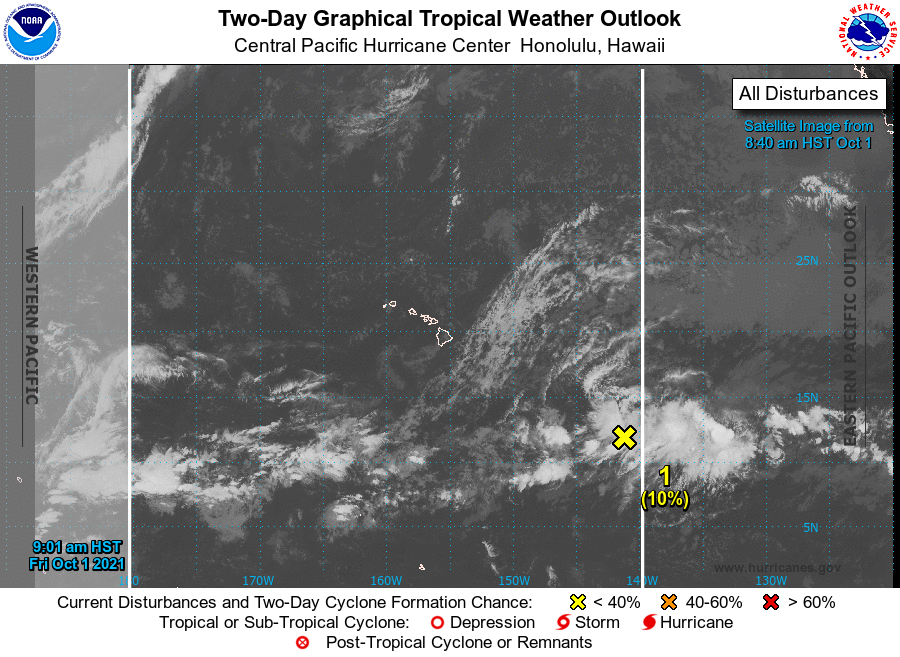
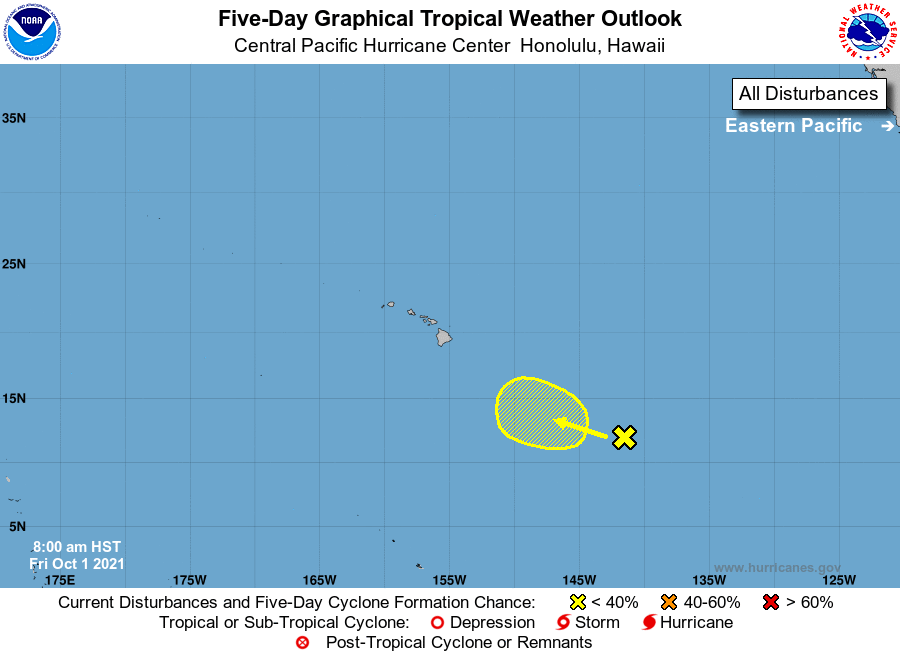
For the central North Pacific...between 140W and 180W:

1. A broad area of low pressure located about 1,100 miles southeast of Hilo, Hawaii is producing disorganized showers and thunderstorms. Environmental conditions are somewhat conducive for slow development during the next several days.
* Formation chance through 48 hours...low...10 percent.
* Formation chance through 5 days...low...20 percent.

Elsewhere, no tropical cyclones are expected during the next 5 days.

Forecaster EATON